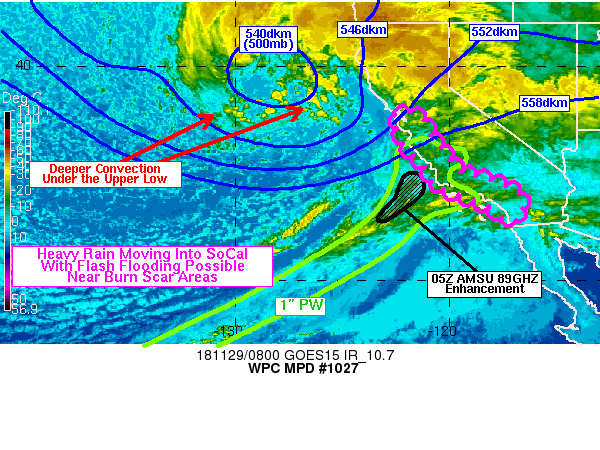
Areas affected...Coastal Central and Southern California

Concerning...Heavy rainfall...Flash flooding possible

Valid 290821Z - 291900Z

Summary...A round of heavy rain will move into Southern California
early this morning, with the potential for rain rates exceeding
0.5 in/hr and flash flooding near burn scar areas. Further north,
additional heavy rain showers may push into coastal central
California closer to sunrise, with potential for localized heavy
rainfall and runoff issues.

Discussion...Bands of heavy rain are likely to push into the
Transverse Ranges of southern California in Santa Barbara,
Ventura, and western Los Angeles Counties in the next several
hours (08-12Z) and then may spread into other portions of southern
California thereafter. This is associated with an atmospheric
river, with a well defined plume of PW in excess of 1 inch.
Several GPS-PW observations along the coast from Santa Barbara
County north to San Luis Obispo County were around 1.2 inches,
which is around the 99th percentile climatologically for this time
of year. This deep moisture is also likely accompanied by some
marginal instability, with RAP analysis indicating around 100-300
j/kg of MUCAPE. This combination should favor bands of heavy rain,
with rates in excess of 0.5 in/hr. Most hi-res models indeed show
rates that high affecting favored upslope regions of the ranges in
southern California early this morning. An AMSU 89 GHZ pass around
05Z showed a significant enhancement about 100mi west of Santa
Barbara, likely associated with an area of heavier rain. This
should be affecting southern California now and over the next
several hours, and matches well with the timing indicated by
hi-res models. Any small convective rain bands with rain rates in
excess of 0.5 in/hr could cause runoff issues across the entire
area, with debris flows, landslides and flash flooding possible
near burn scar areas.

Further north, several reports of flooding have been received from
the Bay Area, and some rain gauges in the Bay Area and locations
just south have measured rain rates exceeding 0.5 in/hr. The
threat of flooding will continue over the next several hours with
any heavy rain bands across the area. GPS-PW observations indicate
values around 1 inch extending up the California coast toward San
Francisco. Closer to 12Z, another round of more scattered
convection will be possible on the central California coast. IR
satellite indicates some deeper convection offshore underneath a
strong upper level low, and steeper lapse rates were likely
contributing to sufficient instability to support the stronger
convection. This convection could reach the coast in several
hours, and provide a more localized threat of heavy rain that may
continue later in the morning.